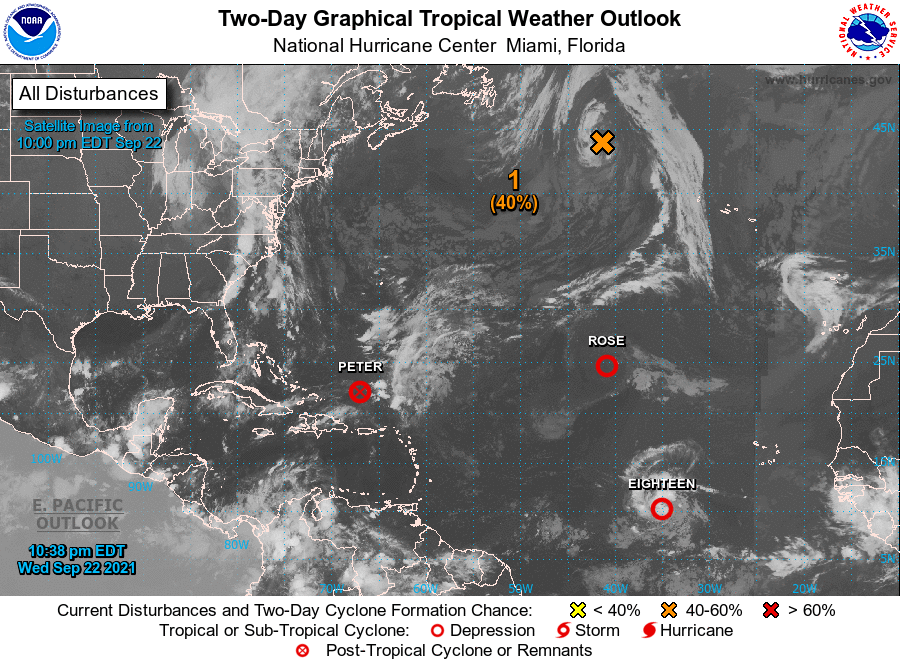
For the North Atlantic...Caribbean Sea and the Gulf of Mexico:

The National Hurricane Center is issuing advisories on Tropical Depression Peter, located a few hundred miles north of Puerto Rico, on Tropical Depression Rose, located about 1200 miles west-northwest of the Cabo Verde Islands, and on newly designated Tropical Depression Eighteen, located about 2000 miles east-southeast of the northern Leeward Islands.

1. A gale-force, non-tropical low pressure system, the remnants of Odette, is located about 600 miles west-northwest of the westernmost Azores. This low is expected to be nearly stationary over cold waters through Thursday, but it could become a subtropical or tropical cyclone while it moves southward over marginally warmer waters on Friday and Saturday. Strong upper-level winds are expected to develop over the system during the weekend, which would likely limit its development. Additional information on this system, including gale warnings, can be found in High Seas Forecasts issued by the National Weather Service.
* Formation chance through 48 hours...medium...40 percent.
* Formation chance through 5 days...medium...60 percent.

Public Advisories on Tropical Depression Eighteen are issued under WMO header WTNT33 KNHC and under AWIPS header MIATCPAT3. Forecast/Advisories on Tropical Depression Eighteen are issued under WMO header WTNT23 KNHC and under AWIPS header MIATCMAT3.

High Seas Forecasts issued by the National Weather Service can be found under AWIPS header NFDHSFAT1, WMO header FZNT01 KWBC, and online at ocean.weather.gov/shtml/NFDHSFAT1.php

Forecaster Berg